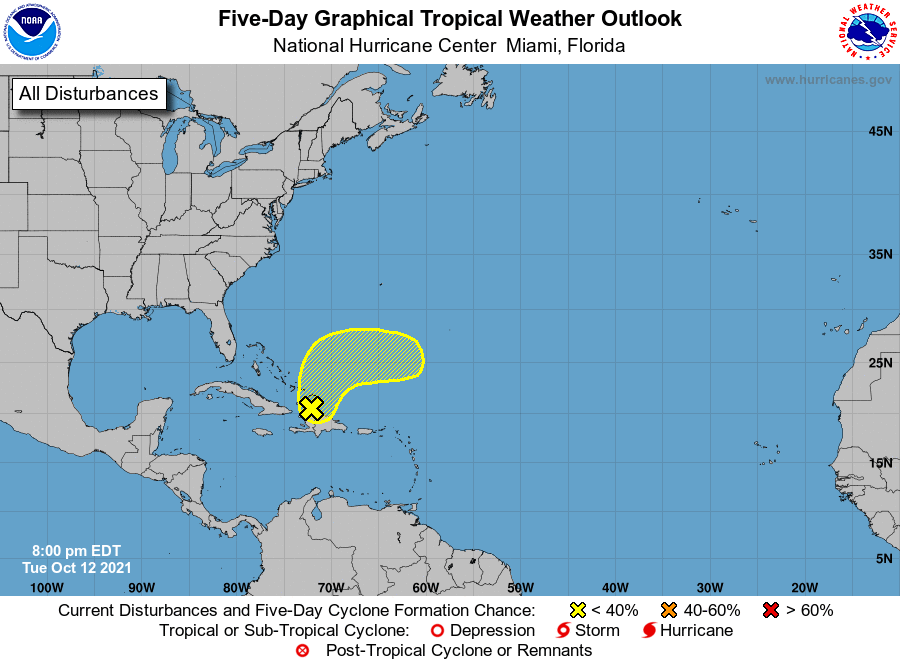
For the North Atlantic...Caribbean Sea and the Gulf of Mexico:

1. A surface trough of low pressure is producing disorganized showers and thunderstorms over Hispaniola, the Turks and Caicos, and the southeastern Bahamas. Development of this system, if any, would be slow to occur during the next couple of days due to unfavorable environmental conditions while the disturbance initially drifts northward, then accelerates eastward by Thursday. By the end of the week, further development is unlikely as the disturbance is expected to interact with a frontal system. Regardless, locally heavy rainfall is possible over portions of Hispaniola, the Turks and Caicos, and the southeastern Bahamas during the next day or two.
* Formation chance through 48 hours...low...10 percent.
* Formation chance through 5 days...low...10 percent.

Forecaster Reinhart